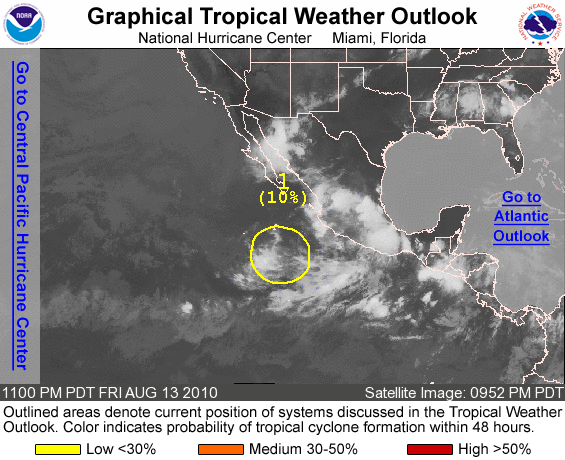
FOR THE EASTERN NORTH PACIFIC...EAST OF 140 DEGREES WEST LONGITUDE..

1. A BROAD LOW PRESSURE AREA LOCATED ABOUT 450 MILES SOUTHWEST OF MANZANILLO MEXICO IS PRODUCING DISORGANIZED SHOWERS AND THUNDERSTORMS. ANY DEVELOPMENT OF THIS DISTURBANCE IS EXPECTED TO BE SLOW TO OCCUR DUE TO STRONG UPPER-LEVEL WINDS. THERE IS A LOW CHANCE...10 PERCENT...OF THIS SYSTEM BECOMING A TROPICAL CYCLONE DURING THE NEXT 48 HOURS AS IT DRIFTS NORTHEASTWARD.

ELSEWHERE...TROPICAL CYCLONE FORMATION IS NOT EXPECTED DURING THE NEXT 48 HOURS.

FORECASTER BLAKE